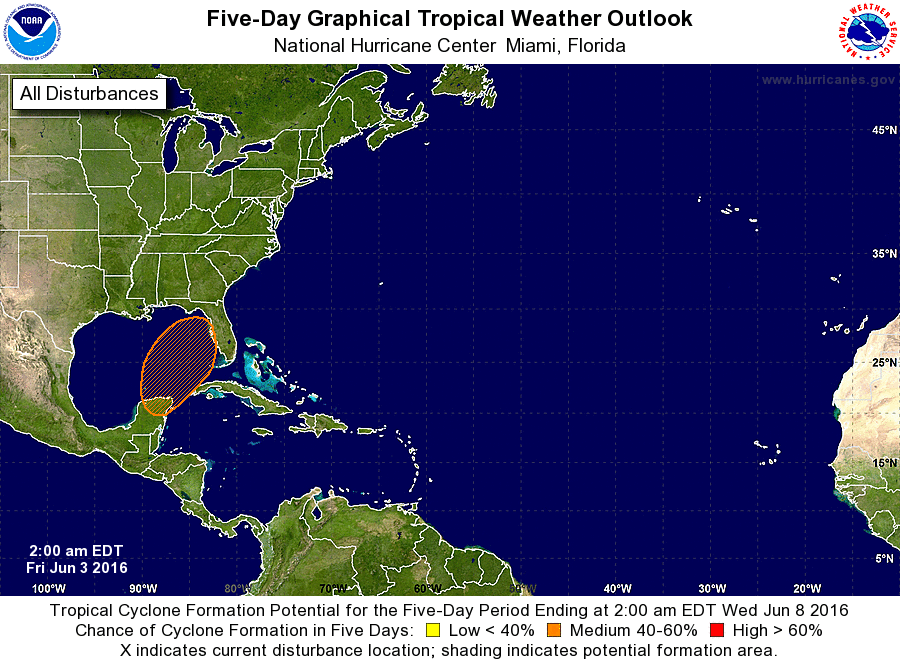
For the North Atlantic...Caribbean Sea and the Gulf of Mexico:

The National Hurricane Center is issuing advisories on Tropical Depression Bonnie, located about 75 miles east-northeast of Cape Hatteras, North Carolina.

1. A broad low pressure area is expected to form over the Yucatan Peninsula of Mexico or the southern Gulf of Mexico by late this weekend. Although upper-level winds are not forecast to be particularly conducive for tropical cyclone formation, additional development of the low could occur when it moves generally northeastward across the central and eastern Gulf of Mexico early next week. This system is likely to produce heavy rains and possible flooding over portions of the Yucatan Peninsula, western Cuba and the Florida peninsula.
* Formation chance through 48 hours...low...near 0 percent
* Formation chance through 5 days...medium...50 percent

Forecaster Kimberlain